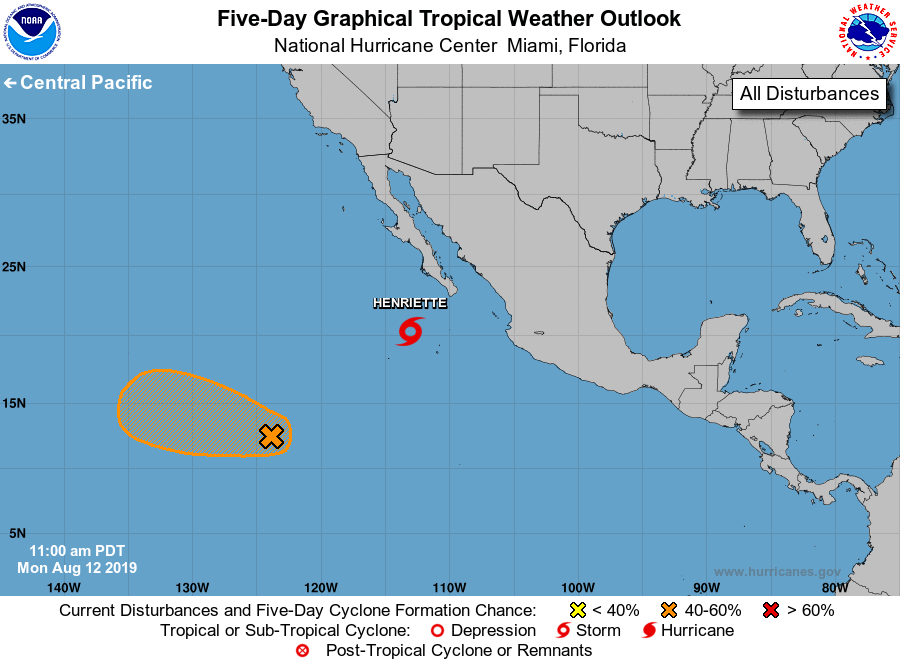
For the eastern North Pacific...east of 140 degrees west longitude:

The National Hurricane Center is issuing advisories on Tropical Storm Henriette, located a few hundred miles southwest of the southern tip of the Baja California peninsula.

1. Disorganized showers and thunderstorms located just over 1000 miles southwest of the southern tip of the Baja California peninsula are associated with a trough of low pressure. Environmental conditions are forecast to be conducive for some development during the next few days, and a tropical depression could form later this week while the system moves west-northwestward at around 15 mph.
* Formation chance through 48 hours...low...30 percent.
* Formation chance through 5 days...medium...60 percent.

Public Advisories on Tropical Storm Henriette are issued under WMO header WTPZ34 KNHC and under AWIPS header MIATCPEP4. Forecast/Advisories on Tropical Storm Henriette are issued under WMO header WTPZ24 KNHC and under AWIPS header MIATCMEP4.

Forecaster Latto/Pasch